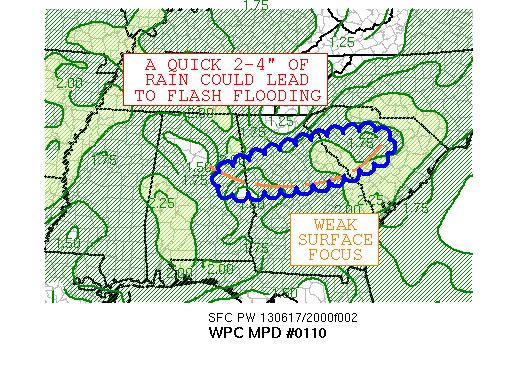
AREAS AFFECTED...EAST-CENTRAL AL...NORTH-CENTRAL GA...WESTERN AND
CENTRAL SC

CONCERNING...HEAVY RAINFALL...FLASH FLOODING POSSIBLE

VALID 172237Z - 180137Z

SUMMARY...A BAND OF THUNDERSTORMS IS CONSOLIDATING AND REMAINING
QUASI-STATIONARY BETWEEN EASTERN AL...NORTH-CENTRAL GA...AND
CENTRAL SC.  SINCE CELL TRAINING COULD OCCUR OVER THE NEXT FEW
HOURS, FLASH FLOODING IS POSSIBLE.

DISCUSSION...A BROKEN BAND OF THUNDERSTORMS IS INTENSIFYING AND
CONSOLIDATING BETWEEN EAST-CENTRAL AL, NORTH-CENTRAL GA, AND
WEST-CENTRAL SC NEAR A SECTION OF A DECAYED POLAR FRONT.  THE AREA
IS AT THE SOUTHERN FRINGE OF THE MAIN BELT OF THE WESTERLIES WHICH
IS DIVERGENT ALOFT.  PRECIPITABLE WATER VALUES ARE HIGH, IN THE
1.75-2 INCH RANGE.  INFLOW INTO THE BOUNDARY AT 850 HPA IS
EXPECTED TO REMAIN NEAR 20 KNOTS, WHICH COULD MAINTAIN SOME
ORGANIZATION TO THE LINE FOR A FEW HOURS.  THE LINE SEGMENT SHOULD
SHRINK FROM WEST TO EAST WITH TIME AS PROGRESSIVE CONVECTION AND A
RELATED OUTFLOW BOUNDARY INVADES FROM EAST-CENTRAL AL, WITH
CONVECTION ALONG THE EASTERN END OF THE LINE ENDING TOWARDS 02Z/10
PM EDT.  AS THE FLASH FLOOD GUIDANCE VALUES ARE IN THE 2-2.5 INCH
RANGE WITHIN THREE HOURS, TRAINING CONVECTION ALONG THE BAND COULD
LEAD TO FLASH FLOODING OVER THE NEXT FEW HOURS.  LOCAL AMOUNTS OF
2-4 INCHES ARE POSSIBLE.